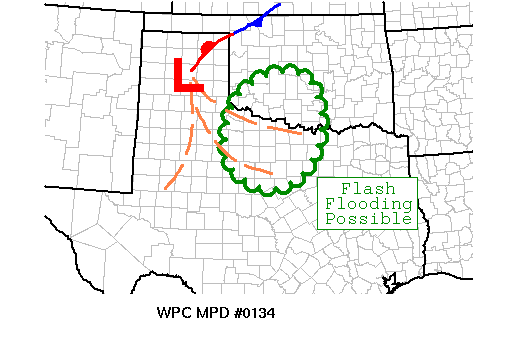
AREAS AFFECTED...NORTH TEXAS...SOUTHERN OKLAHOMA

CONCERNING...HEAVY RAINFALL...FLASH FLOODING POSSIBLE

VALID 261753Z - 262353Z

SUMMARY...FLASH FLOODING WILL BE POSSIBLE WITH ANY THUNDERSTORMS
THAT DEVELOP THIS AFTERNOON AND EVENING.

DISCUSSION...THE AIRMASS ACROSS THE HIGHLIGHTED AREA CONTINUES TO
DESTABILIZE IN RESPONSE TO INSOLATION AND PERSISTENT MOISTURE
FLUX...WHILE 3 DISTINCT SURFACE TROUGHS EXTEND FROM A SURFACE LOW
OVER THE TEXAS PANHANDLE INTO OR CLOSE TO THE AREA.

WHILE THE AREA REMAIN CAPPED AS OF 18Z...CONTINUED DESTABILIZATION
AND FOCUS ALONG THE SURFACE TROUGHS ALONG WITH SUPPORT FROM A WEAK
SHORTWAVE TROUGH OVER NORTHWEST OKLAHOMA SHOULD BE SUFFICIENT FOR
SCATTERED THUNDERSTORMS TO DEVELOP.  THE MAJORITY OF GLOBAL AND
HI-RES GUIDANCE DEPICT INITIATION CLOSE FROM 21-00Z IN VICINITY OF
1 OR MORE OF THE SURFACE TROUGHS.

WHILE MOISTURE IS ONLY MODEST...WITH 2M DEWPOINTS IN THE 60S AND
PW VALUES NEARING 1 INCH...EXTREME CAPES AND AVERAGE CELL MOTIONS
OF 25 TO 30 KNOTS ALONG WITH VEERING WIND PROFILES THAT FAVOR
TRAINING...HOURLY RATES OF 1.5 INCHES WILL BE POSSIBLE.  GIVEN THE
LONG TERM SATURATED CONDITIONS...FLASH FLOODING WILL BE POSSIBLE
WITH ANY OF THESE STORMS.